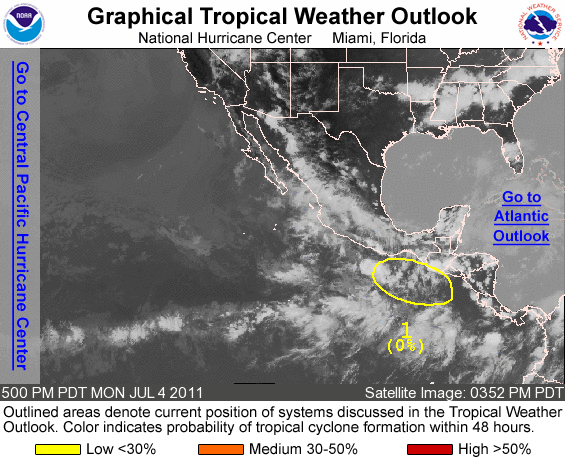
FOR THE EASTERN NORTH PACIFIC...EAST OF 140 DEGREES WEST LONGITUDE..

1. A LARGE AREA OF DISTURBED WEATHER EXTENDING SEVERAL HUNDRED MILES OFFSHORE OF THE COAST OF SOUTHEASTERN MEXICO AND GUATEMALA REMAINS DISORGANIZED. DEVELOPMENT OF THIS SYSTEM IS NOT EXPECTED AND THERE IS A LOW CHANCE...NEAR 0 PERCENT...OF THIS SYSTEM BECOMING A TROPICAL CYCLONE DURING THE NEXT 48 HOURS AS IT MOVES WEST-NORTHWESTWARD AT 5 TO 10 MPH.

ELSEWHERE...TROPICAL CYCLONE FORMATION IS NOT EXPECTED DURING THE NEXT 48 HOURS.

FORECASTER BRENNAN